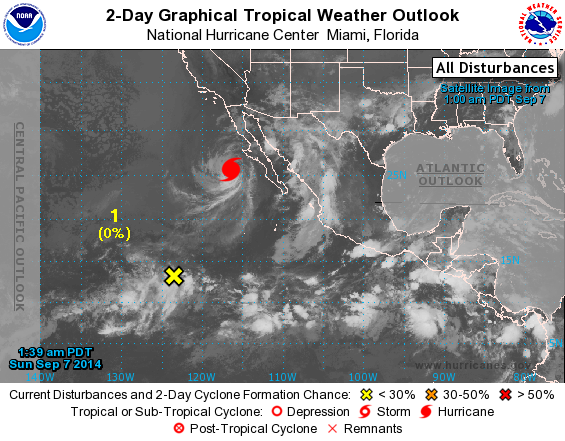
For the eastern North Pacific...east of 140 degrees west longitude:

The National Hurricane Center is issuing advisories on Hurricane Norbert, located offshore of the west-central coast of the Baja California peninsula.

1. Disorganized showers and thunderstorms centered about 1200 miles south-southwest of the southern tip of the Baja California peninsula are associated with a broad area of low pressure. Environmental conditions are expected to become more conducive for some development of this system by mid-week while this disturbance remains nearly stationary.
* Formation chance through 48 hours...low...near 0 percent.
* Formation chance through 5 days...low...20 percent.

2. An area of low pressure is expected to form south or southwest of the southern coast of Mexico by the early or middle part of next week. Environmental conditions in this region should be conducive for gradual development at that time.
* Formation chance through 48 hours...low...near 0 percent.
* Formation chance through 5 days...medium...50 percent.

Forecaster Kimberlain